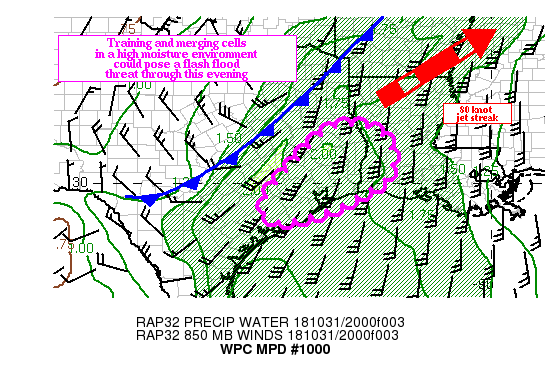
Areas affected...East TX into far southwest LA

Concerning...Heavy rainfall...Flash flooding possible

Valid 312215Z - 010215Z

Summary...Training and merging cells could produce hourly rainfall
rates near 2.00 inches over portions of east TX into far southwest
LA. This poses a flash flood threat into the evening hours.

Discussion...Regional radars across east TX indicated an increase
in coverage of convection late this afternoon. The convection was
developing in an area of 1500-2500 J/KG of MLCAPE, well in advance
of a cold front stretching from northeast into central TX. The
GOES-16 clean IR loop showed bursts of cloud tops temperatures
near -70 C, as the individual cells tracked eastward.

A 25 to 35 knot low level southerly flow (per regional VWP)
continued to supply 1.75/2.00 inch precipitable water air to the
region. Due to the deep moisture feed, hourly rainfall rates from
the KHGX radar have been consistent between 1.50 and 2.00 inches,
especially near the Houston metro area. Thus far, the convection
has been scattered, which has lessened the overall flash flood
threat.

However, as the convection ahead of the cold front over central TX
moves east, cell mergers and short term training become
increasingly possible. Additionally, divergence in the right
entrance region of an 80 knot jet streak ove northern AR could
allow the convection to become better organized. In this airmass,
hourly rainfall rates could top 2.00 inches. One and three hour
flash flood guidance values are generally above 2.50 inches, so
training would need to occur for flash flooding to initiate.

The most recent HRRR indicated the potential for training over
portions of east TX and nearby far southwest LA through 01/02z,
showing local 2.00 to 4.00 inch rainfall amounts, including near
the Houston Metro area. Due to relatively high flash flood
guidance values, flash flooding is considered possible.